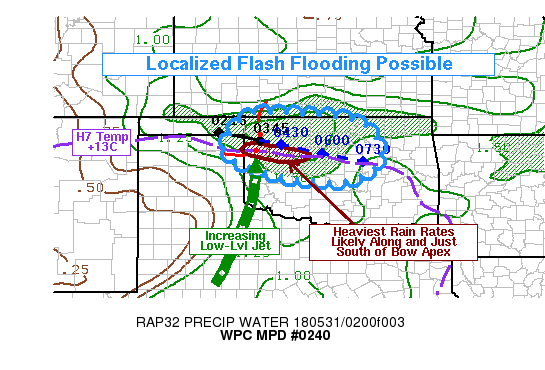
AREAS AFFECTED...NWRN TO CTRL OKLAHOMA

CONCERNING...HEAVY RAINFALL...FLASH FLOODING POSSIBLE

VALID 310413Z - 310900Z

SUMMARY...A LINE OF THUNDERSTORMS SHOULD BEGIN TO ACCELERATE INTO
NORTHWEST AND CENTRAL OKLAHOMA. HEAVY RAIN RATES COULD PRODUCE
LOCALIZED FLASH FLOODING... PARTICULARLY ALONG THE SOUTHERN END OF
THE LINE WHERE STORMS MAY DEVELOP INTO A TRAILING LINE AND PROLONG
THE DURATION OF HEAVY RAINFALL. LOCALIZED TOTALS OF 3-5 INCHES
WILL BE POSSIBLE.

DISCUSSION...KVNX AND KAMA RADARS SHOWED AN INCREASINGLY ORGANIZED
FORWARD-PROPAGATING MCS ADVANCING INTO NORTHWEST OKLAHOMA ROUND
04Z...AND CONVECTION ALLOWING MODELS GENERALLY SHOW THIS
CONTINUING TO PROPAGATE IN AN EASTERLY DIRECTION FOR AT LEAST
ANOTHER FEW HOURS. THERE IS EVIDENCE FOR INCREASING FORWARD
PROPAGATION IN OKLAHOMA MESONET SITES JUST BEHIND THE DEVELOPING
BOW ECHO...WITH SURFACE TEMPERATURES FALLING WELL INTO THE 60S AND
RISING PRESSURES...INDICATIVE OF A STRONG COLD POOL. THE FORWARD
PROPAGATING NATURE OF THIS CONVECTIVE LINE WOULD TEND TO BE A
MITIGATING FACTOR AGAINST FLASH FLOOD POTENTIAL...AS WOULD THE
RELATIVELY HIGH FLASH-FLOOD GUIDANCE FIGURES ACROSS MOST OF THE
NORTHWEST QUADRANT OF OKLAHOMA. THE LINE SHOULD GENERALLY
PROPAGATE EAST OR EAST-SOUTHEAST ALONG THE CUSP OF A WELL-DEFINED
LOW-MID LEVEL THERMAL RIDGE AND ELEVATED MIXED LAYER OVER THE NEXT
FEW HOURS.

HOWEVER...HEAVIER RAIN RATES AND A GREATER LONGEVITY OF CONVECTION
MAY BE EXPECTED ALONG THE SOUTHERN FLANK OF THE ADVANCING LINE.
THIS WOULD OCCUR WHERE AN INCREASING LOW-LEVEL JET WOULD INTERCEPT
THE STRENGTHENING COLD POOL AND NEW CELL GROWTH WOULD BE POSSIBLE
ON THE UPSHEAR FLANK. THE HRRR AND EXPERIMENTAL HRRR TEND TO SHOW
THIS WELL...WITH THE HEAVIEST QPF ALONG AND SOUTH OF THE APEX OF
THE DEVELOPING BOW. IN GENERAL...HI-RES MODELS KEEP MAXIMUM TOTALS
BELOW 5 INCHES...WITH LOCALIZED SWATHS AROUND 3-4 INCHES WHERE
CELL TRAINING CAN BE SUSTAINED FOR AROUND 1-2 HOURS. THIS MAY BE
SUFFICIENT TO PRODUCE LOCALIZED HEAVY RAINFALL...DEPENDING ON THE
EXACT CONVECTIVE EVOLUTION AND RAIN RATES. IF THE LINE REMAINS IN
TACT AND ON A RELATIVELY CONSISTENT COURSE...THESE HEAVIER RAIN
RATES COULD BE CLOSER TO THE NWRN AND NRN SIDES OF THE OKC METRO
AREA (WHERE FFG IS A LITTLE LOWER) CLOSER TO 07Z...BUT THAT IS
MORE UNCERTAIN.